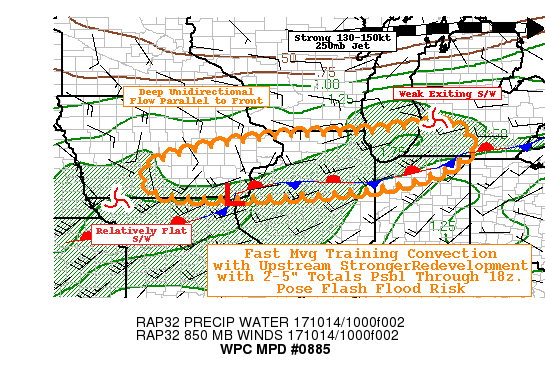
AREAS AFFECTED...SOUTHEAST IA...NORTHERN IL...NORTHERN
IND...SOUTHWEST MI

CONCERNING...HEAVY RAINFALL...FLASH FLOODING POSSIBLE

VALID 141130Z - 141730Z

SUMMARY...FAST MOVING/SHALLOW CONVECTION WITHIN REGENERATIVE
UPSTREAM ENVIRONMENT AND DEEP UNIDIRECTIONAL FLOW SUGGEST ISOLATED
FLASH FLOODING IS POSSIBLE WHERE PROLONGED TRAINING OCCURS.

DISCUSSION...11Z SURFACE ANALYSIS DEPICTS A WELL DEFINED FRONT
EXTENDING FROM SE MI ACROSS S LK MI TO A WEAK INFLECTION IN SE
IA/NE MO...WITH GOES-16 TPW/CIRA LAYERED PW POOLED ALONG IT.
GOES-16 3-CHANNEL WV LOOPS SHOW STRONG BUT RELATIVELY FLAT FLOW
PARALLEL TO AND JUST NORTH OF THE FRONTAL ZONE WITH BROAD ENTRANCE
TO 130-150KT 250MB JET SUPPORTING UPPER LEVEL EVACUATION TO THE
FRONTAL REGION.  ADDITIONALLY...A WEAK SHORTWAVE CAN BE SEEN
SPEEDING OFF INTO S MI ATTM WITH ASSOCIATED SCATTERED CONVECTIVE
CELLS MARCHING ACROSS N IND/SW MI ATTM.

AN ADDITIONAL WEAK WAVE IS ALSO DEPICTED ACROSS N MO WITHIN
INCREASED MID-ALTITUDE CLOUD SHIELD.  MOISTURE/INSTABILITY FIELDS
FROM THE RAP ANALYSIS DENOTE NOSE OF 1000-1500 J/KG MUCAPE AND
850MB MST ADVECTION IN ADVANCE OF THE WAVE AND WITH THE SHORTWAVE
RIDGING ALOFT BETWEEN THE WAVES...WEAK ASCENT AND THE LOW LEVEL
MST CONVERGENCE AS REINVIGORATED CONVECTIVE DEVELOPMENT ACROSS
CENTRAL NORTHERN IL JUST NORTH OF THE FRONTAL BOUNDARY. THOUGH
SHALLOW (-50C AND COOLING) THE WAA/MST AVAILABILITY WILL SUPPORT
MODEST TO HEAVY RAINFALL RATES UP TO 1.75"/HR.  DEEP MEAN FLOW IS
QUITE STRONG 40-50KTS LIMITING DURATION FOR ANY INDIVIDUAL
CELL...BUT GIVEN STRONG UPSTREAM FORCING STILL UPSTREAM
REDEVELOPMENT IS HIGHLY LIKELY EVEN IN THE SHORT TERM AND WITH
CLOUD BEARING FLOW QUITE UNIDIRECTIONAL... TRAINING IS LIKELY
ESPECIALLY ACROSS N IL AND PERHAPS DOWNSTREAM INTO NW IND/SW MI BY
MID-MORNING.  THIS COMBINED WITH THE EARLIER BOUT OF SHOWERS THIS
MORNING ACROSS N IL HAS A LOW CHANCE OF SETTING OFF LOCALIZED
FLASH FLOODING CONCERNS.

MUCH STRONGER/ROBUST MAIN WAVE IS CURRENTLY EXITING INTO THE
CENTRAL PLAINS...THIS WILL SUPPORT INCREASING AMPLIFICATION OF THE
UPPER LEVEL PATTERN THOUGH 15-18Z ACROSS THE AREA OF CONCERN. THIS
WILL SUPPORT STRONGER DPVA AND ENHANCED RIGHT ENTRANCE REGION
ASCENT...AS WELL AS STRENGTHENING WAA ACROSS THE W-E FRONTAL ZONE
AS IS CURRENTLY SEEN ON REGIONAL RADAR MOSAIC OCCURRING IN SW
IA/NW MO/NE KS.  THIS BETTER FORCING WILL TRACK ENEWARD WITH BEST
STRONGEST CORES TRAINING ALONG THE FRONTAL ZONE.  GREATER VERTICAL
DEPTH/STRONGER MST FLUX WILL SUPPORT RATES OF 2-2.25"/HR THOUGH
MORE LIKELY LEAD HOURLY TOTALS CLOSER TO 1.25-1.5" (DUE TO FORWARD
SPEED OF CELLS) POSSIBLE FROM SOUTH CENTRAL IA BY 15Z AND ACROSS N
IL THROUGH 17Z.  GIVEN DURATION OF TRAINING THERE ARE SOME
SUGGESTIONS OF A SWATH OF 2-5" THROUGH 18Z...WITH CURRENT TRENDS
THROUGH URBAN SECTIONS OF SOUTHERN CHICAGOLAND THERE IS AN
INCREASED RISK OF FLASH FLOODING.  THIS EVOLUTION IS BEST
PRESENTED IN HI-RES CAMS BY THE NSSL-WRF OR ARW2.